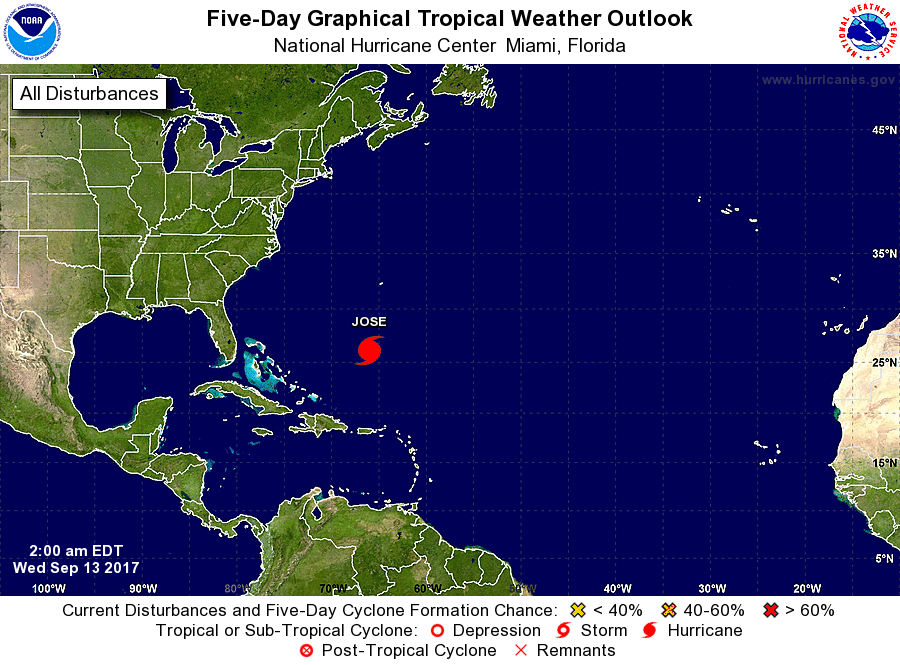
For the North Atlantic...Caribbean Sea and the Gulf of Mexico:

The National Hurricane Center is issuing advisories on Hurricane Jose, located several hundred miles northeast of the southeastern Bahamas.

Tropical cyclone formation is not expected during the next 5 days.

Forecaster Beven